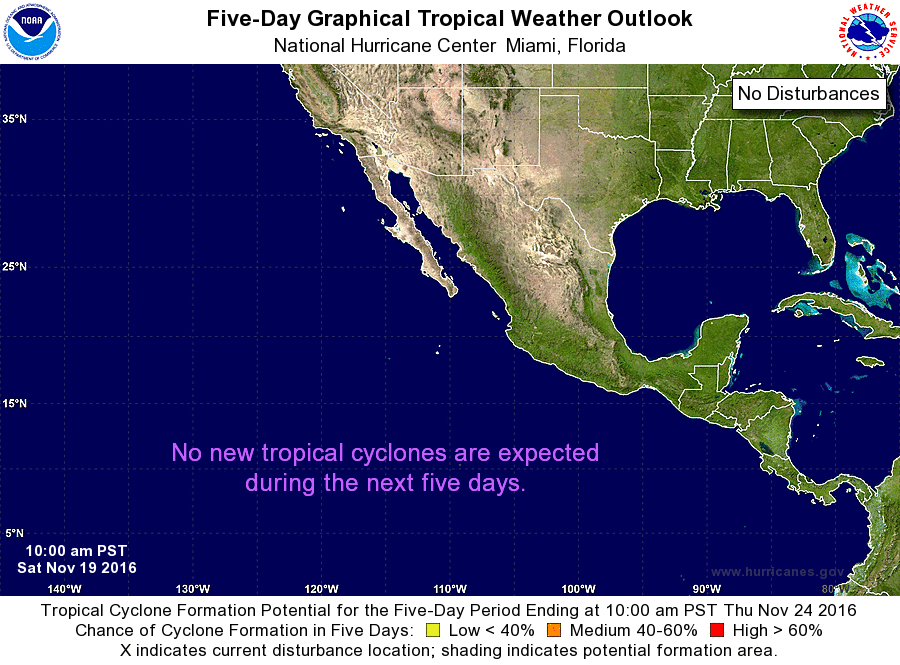
For the eastern North Pacific...east of 140 degrees west longitude:

Tropical Cyclone formation is not expected during the next 5 days.

Forecaster Cangialosi